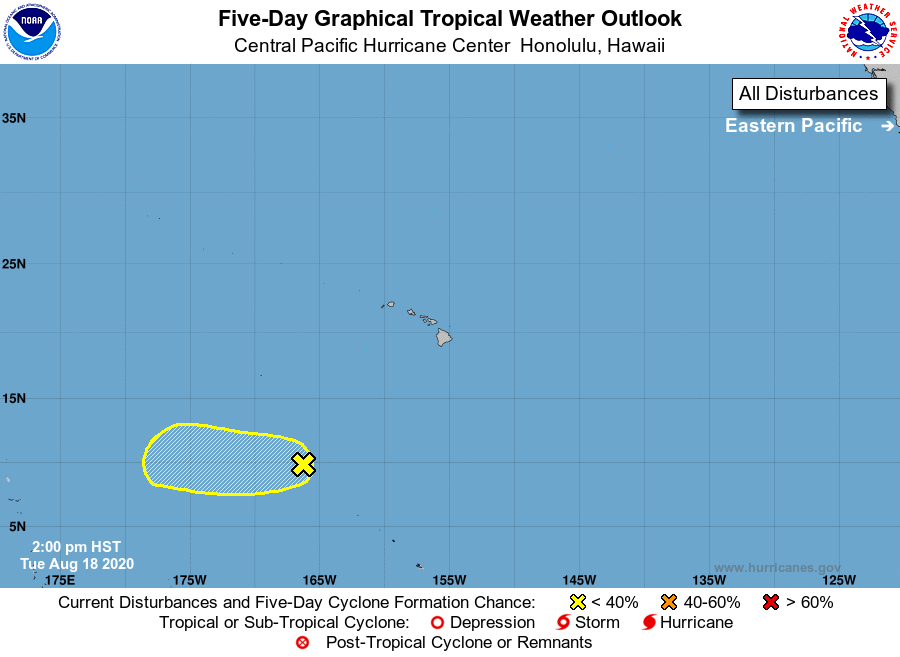
For the central North Pacific...between 140W and 180W:

1. An area of low pressure is about 950 miles southwest of Honolulu, Hawaii. Most of the showers and thunderstorms have dissipated over the last several hours, leaving the low level center largely exposed. Environmental conditions are not expected to be conducive for development over the next few days, with only a small chance of development existing as the system continues westward and nears the Date Line later in the week.
* Formation chance through 48 hours...low...near 0 percent.
* Formation chance through 5 days...low...10 percent.

Elsewhere, no tropical cyclones are expected during the next 5 days.

Forecaster M Ballard